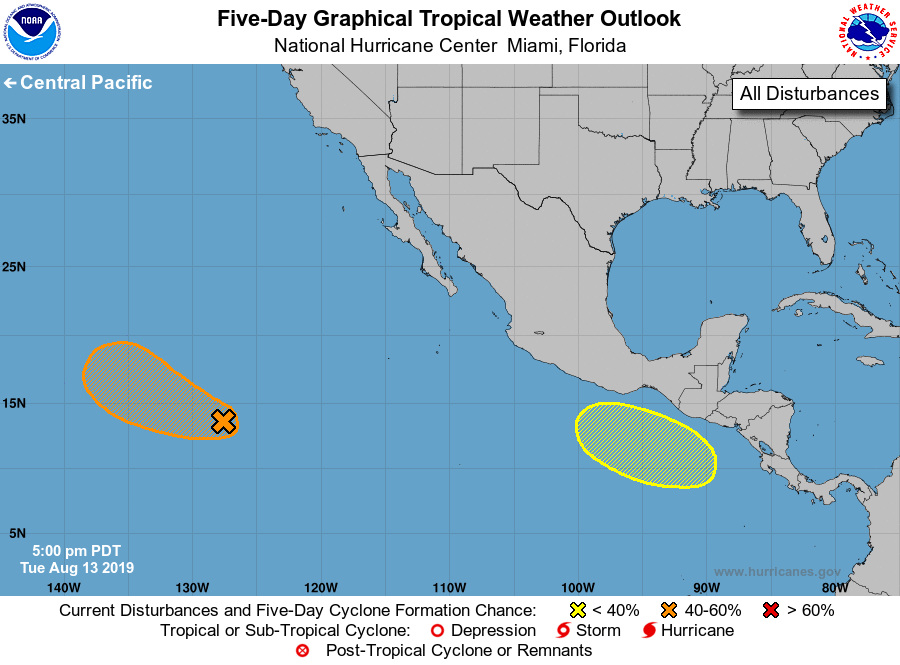
For the eastern North Pacific...east of 140 degrees west longitude:

1. An elongated trough of low pressure located about 1200 miles west-southwest of the southern tip of the Baja California peninsula continues to produce disorganized showers and thunderstorms. Environmental conditions are expected to be conducive for some development during the next few days, and a tropical depression could form later this week before upper-level winds become unfavorable. This disturbance is expected to move west-northwestward at 10 to 15 mph during the next several days.
* Formation chance through 48 hours...medium...40 percent.
* Formation chance through 5 days...medium...60 percent.

2. A broad area of low pressure is forecast to form south or southeast of the southeastern coast of Mexico late this week. Environmental conditions are expected to be conducive for gradual development of the system over the weekend while the system moves westward.
* Formation chance through 48 hours...low...near 0 percent.
* Formation chance through 5 days...low...30 percent.

Forecaster Cangialosi